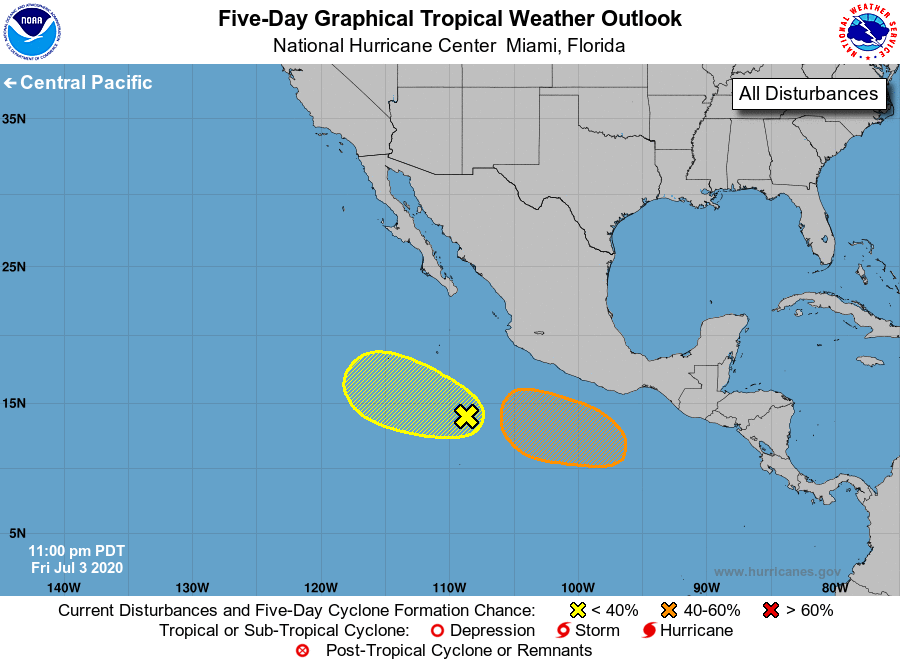
For the eastern North Pacific...east of 140 degrees west longitude:

1. Showers and thunderstorms remain disorganized in association with a broad area of low pressure located several hundred miles south-southwest of Manzanillo, Mexico. Some slow development of this system is still possible during the next few days while it moves west-northwestward at about 10 mph.
* Formation chance through 48 hours...low...10 percent.
* Formation chance through 5 days...low...30 percent.

2. An area of low pressure is forecast to form south of the coast of southern Mexico in a couple of days. Environmental conditions are expected to be conducive for gradual development, and a tropical depression could form by the middle of next week while it moves west-northwestward, well south of the coast of southern Mexico.
* Formation chance through 48 hours...low...near 0 percent.
* Formation chance through 5 days...medium...50 percent.

Forecaster Blake